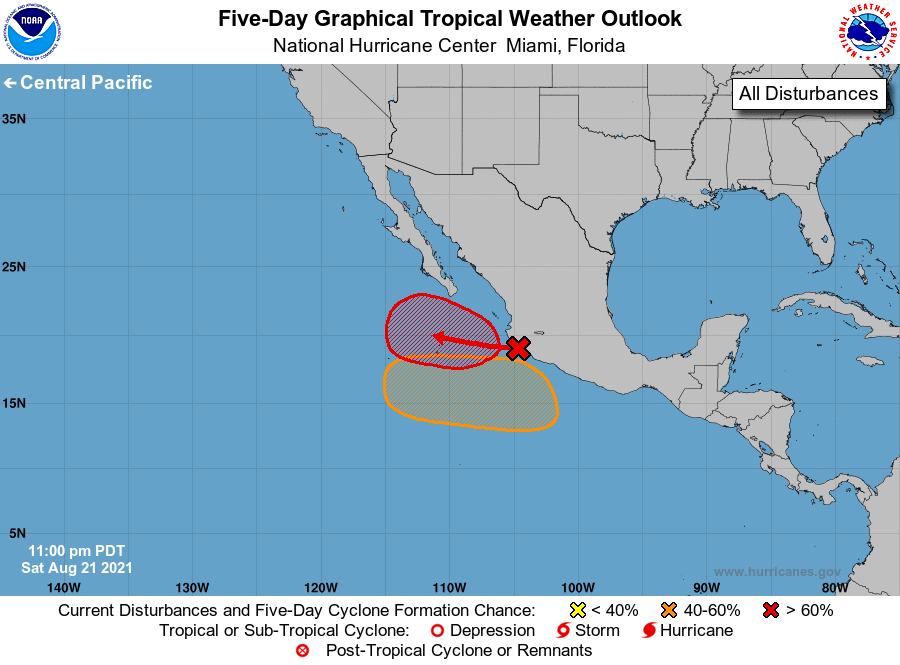
For the eastern North Pacific...east of 140 degrees west longitude:

1. A large area of disorganized showers and thunderstorms along and offshore of the coast of west-central Mexico is associated with the remnants of Grace. Environmental conditions are forecast to be conducive for development, and a tropical depression is likely to form within the next day or so while the system moves westward at 10 to 15 mph away from the coast of Mexico.
* Formation chance through 48 hours...high...80 percent.
* Formation chance through 5 days...high...80 percent.

2. An area of low pressure is forecast to form offshore of the coast of southern Mexico early next week. Environmental conditions are expected to be conducive for some gradual development thereafter, and a tropical depression could form by the middle of the week. The system is forecast to move generally west-northwestward at 10 to 15 mph, near or just offshore of the southwestern coast of Mexico.
* Formation chance through 48 hours...low...near 0 percent.
* Formation chance through 5 days...medium...60 percent.

Forecaster Latto